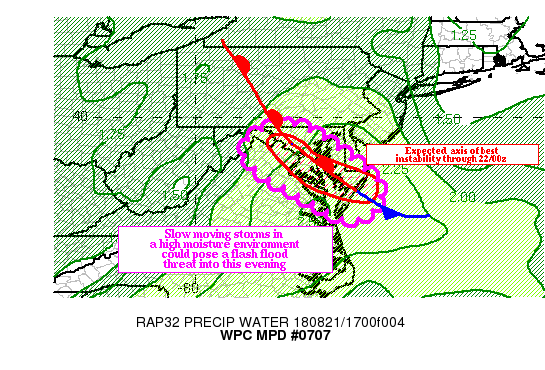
Areas affected...MD INTO CENTRAL AND NORTHERN VA...SOUTHERN DE

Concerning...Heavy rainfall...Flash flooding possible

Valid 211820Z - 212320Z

Summary...Slow moving storms tracking through a high moisture
environment along a frontal boundary could produce a flash flood
threat into the early evening.

Discussion...Storms forming along a frontal boundary extending
from central PA into northern MD into the southern Delmarva
Peninsula are forming on an axis of 1500-2000 J/KG MLCAPE. This is
reflected in the GOES-16 visible images, where topping are highest
along this axis. The most recent RAP analysis showed precipitable
water values between 2.00/2.25 inches, which is supporting hourly
rainfall rates between 2.00 and 2.50 inches across portions of
northern VA into nearby central and southern MD.

As the instability peaks during the late afternoon, the convection
is expected to expand in coverage as the front moves slowly north.
Increasing divergence ahead of a mid level trough over the Ohio
Valley could aid in coverage as well. At this point, based on
cloud cover near and north of the front, instability may end up
being the limiting factor for a more expansive flash flood threat.
Having said that, given the relatively slow southwest motion to
the storms in the deep tropical like moisture, hourly rainfall
rates over 2.00 inches can be expected across this area.

Much of the high resolution guidance has not captured this
activity well, with the 12z regional GEM having the best handle on
the convection. Given what is occurring now, flash flooding is
considered possible, since the extent of the coverage is unclear.
However, where convection does develop and track, there is a
threat for local 4.00 inch rainfall amounts through 21/23z.